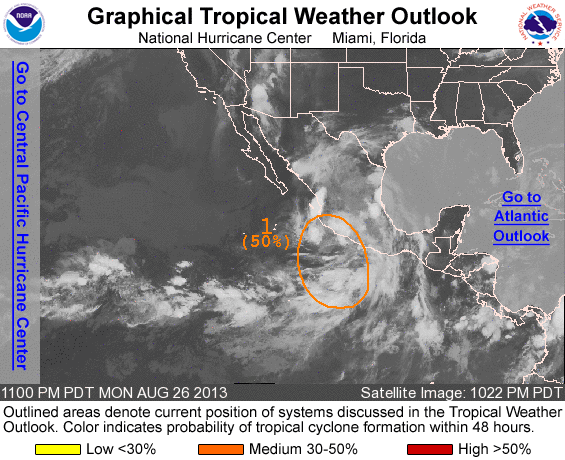
FOR THE EASTERN NORTH PACIFIC...EAST OF 140 DEGREES WEST LONGITUDE..

1. AN AREA OF LOW PRESSURE CONTINUES TO PRODUCE SHOWERS AND THUNDERSTORMS EXTENDING FROM THE SOUTHWESTERN COAST OF MEXICO SOUTHWARD OVER THE PACIFIC FOR SEVERAL HUNDRED MILES. ENVIRONMENTAL CONDITIONS STILL APPEAR CONDUCIVE FOR THE FORMATION OF A TROPICAL DEPRESSION DURING THE NEXT COUPLE OF DAYS...BUT THE DISTURBANCE HAS A BROAD AND COMPLEX STRUCTURE THAT COULD LIMIT DEVELOPMENT. THIS SYSTEM HAS A MEDIUM CHANCE...50 PERCENT...OF BECOMING A TROPICAL CYCLONE DURING THE NEXT 48 HOURS WHILE MOVING WEST-NORTHWESTWARD AT ABOUT 15 MPH. THE LOW IS EXPECTED TO REACH COLDER WATER WEST OF THE BAJA CALIFORNIA PENINSULA BY THURSDAY...AND FURTHER DEVELOPMENT AFTER THAT TIME IS NOT LIKELY. THIS SYSTEM HAS A HIGH CHANCE...60 PERCENT...OF BECOMING A TROPICAL CYCLONE DURING THE NEXT 5 DAYS. LOCALLY HEAVY RAINFALL IS EXPECTED TO CONTINUE OVER PORTIONS OF SOUTHWESTERN MEXICO DURING THE NEXT FEW DAYS IN ASSOCIATION WITH THE LOW...AND INTERESTS IN THAT AREA SHOULD MONITOR THE PROGRESS OF THIS SYSTEM.

FIVE-DAY FORMATION PROBABILITIES ARE EXPERIMENTAL IN 2013. COMMENTS ON THE EXPERIMENTAL FORECASTS CAN BE PROVIDED AT...

HTTP://WWW.NWS.NOAA.GOV/SURVEY/NWS-SURVEY.PHP?CODE=ETWO

FORECASTER BERG